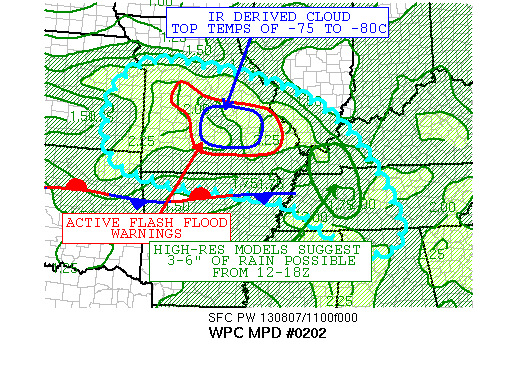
AREAS AFFECTED...EASTERN KS/SOUTHERN MO/NORTHERN AR/WESTERN
KY/WESTERN TN...

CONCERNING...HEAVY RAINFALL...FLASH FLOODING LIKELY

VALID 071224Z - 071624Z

SUMMARY...AN ACTIVE MCC CONTINUES TO DROP VERY HEAVY RAINFALL
ACROSS MUCH OF SOUTHERN MO. THIS COMPLEX HAS ALREADY PRODUCED
FLASH FLOODING CONDITIONS WITH NUMEROUS ROAD CLOSURES...WATER
RESCUES...AND MANDATORY EVACUATIONS. THUS...THE OVERALL FLASH
FLOOD THREAT WILL REMAIN LIKELY.

DISCUSSION...A BROAD AXIS OF DEEP CONVECTION IN RESPONSE TO AN MCV
WILL REMAIN A FOCUS FOR VERY HEAVY RAINFALL OVER EASTERN KS
THROUGH SOUTHERN MO AND INTO SECTIONS OF THE LOWER OH/UPPER TN
VALLEYS. COOPERATIVE STATIONS/METARS AND DUAL-POL QPE HAVE
DEPICTED RAINFALL RATES EXCEEDING 2 INCHES PER HOUR THE PAST
SEVERAL HOURS. DOPPLER RADAR CONTINUES TO SHOW MANY REGIONS SEEING
TRAINING/BACKBUILDING CONVECTION WITH ESTIMATES OF OVER 8 INCHES
OF RAINFALL SINCE 05Z. FLASH FLOODING IS ONGOING AND WILL REMAIN
AN ISSUE AS THE CHARACTER OF THE CONVECTION HAS CHANGED VERY
LITTLE. THE CLOUD TOPS WITHIN THE STRONGEST UPDRAFTS HAVE SLOWLY
WARMED IN RECENT SCANS WITH A LOWER FREQUENCY OF OVERSHOOTING TOPS
NOTED. CONSEQUENTLY...THE CONVECTION SHOULD GRADUALLY WEAKEN
DURING THE NEXT SEVERAL HOURS AS THE SYSTEM SHIFTS ITS FOCUS
TOWARD THE EAST. THIS PARTICULAR MPD HAS BEEN EXTENDED INTO THE
LOWER OH/UPPER TN VALLEYS GIVEN RADAR TRENDS AND AMPLE INSTABILITY
PER THE 11Z RAP MUCAPE VALUES OF 1000-3000 J/KG. HIGH-RES MODELS
ARE IN DECENT AGREEMENT WITH WIDESPREAD HEAVY RAINFALL IMPACTING
WESTERN KY/TN THROUGH 18Z.